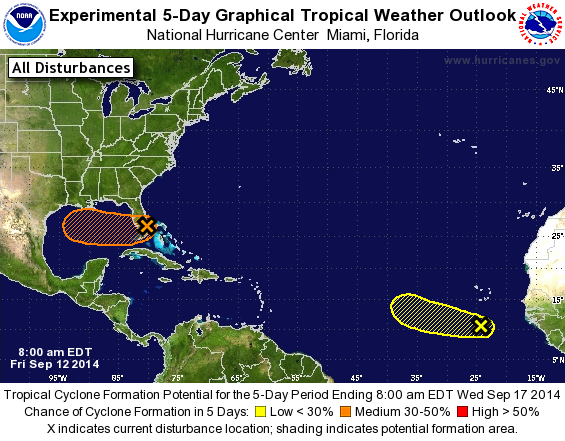
For the North Atlantic...Caribbean Sea and the Gulf of Mexico:

The National Hurricane Center is issuing advisories on Tropical Storm Edouard, located a little more of a thousand miles east of the northern Leeward Islands.

1. The broad area of low pressure has moved westward and is now located over southern Florida just south of Lake Okeechobee. Shower activity is currently poorly organized, and strong upper-level winds as well as interaction with land will likely inhibit development of this system today. Once the low moves over the southeastern Gulf of Mexico, conditions could become a little more conducive for tropical cyclone formation over the weekend while the system moves westward at around 10 mph. Regardless of development, this low will continue to bring locally heavy rains to portions of southern Florida and the Florida Keys today and Saturday.
* Formation chance through 48 hours...low...20 percent.
* Formation chance through 5 days...medium...40 percent.

2. Shower activity associated with a tropical wave located south of the Cape Verde Islands is showing some signs of organization. This system, however, is forecast to move westward or west-northwestward at around 10 mph toward an area unfavorable for development.
* Formation chance through 48 hours...low...20 percent.
* Formation chance through 5 days...low...20 percent.

Public Advisories on Tropical Storm Edouard are issued under WMO header WTNT31 KNHC and under AWIPS header MIATCPAT1. Forecast/Advisories on Edouard are issued under WMO header WTNT21 KNHC and under AWIPS header MIATCMAT1.

Forecaster Avila